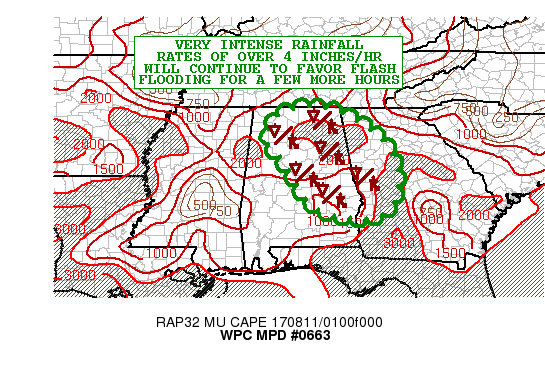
AREAS AFFECTED...CENTRAL/NORTHERN AL...WESTERN GA

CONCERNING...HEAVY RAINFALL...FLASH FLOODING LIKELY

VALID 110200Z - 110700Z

SUMMARY...VERY HEAVY RAIN FROM MERGING CLUSTERS OF SHOWERS AND
THUNDERSTORMS WILL CONTINUE OVER THE NEXT FEW HOURS. ADDITIONAL
FLASH FLOODING IS EXPECTED.

DISCUSSION...LATE-DAY VISIBLE SATELLITE IMAGERY WAS SHOWING
NUMEROUS CONVECTIVELY DRIVEN OUTFLOW BOUNDARIES THAT WERE
COLLIDING WITH EACH OTHER ACROSS CENTRAL AND NORTHERN AL ALONG
WITH PORTIONS OF WESTERN GA. THIS WAS RESULTING IN A NUMBER OF
STRONG CELL-MERGERS WHICH HAVE BEEN RESPONSIBLE FOR SOME VERY
HEAVY RAINFALL AMOUNTS THAT HAVE LOCALLY APPROACHED AND EXCEEDED 5
INCHES.

MORE RECENTLY...THE LATEST NON-OPERATIONAL GOES-16 IR DATA SHOWS
SOME ADDITIONAL STRONG COOLING OF CONVECTIVE TOPS OVER PARTS OF
NORTH-CENTRAL AND EAST-CENTRAL AL AND NOSING JUST BARELY INTO
WESTERN GA. THIS CONVECTION IS EMBEDDED WITHIN A DEEP TROPICAL
ENVIRONMENT WITH PWATS THAT ARE 2.25 TO 2.5 INCHES. THIS COUPLED
WITH THE HIGHLY CONCENTRATED NATURE OF THE MOISTURE THROUGH THE
COLUMN IS FAVORING RAINFALL RATES OF 4 INCHES/HR...AND SINCE THERE
ARE SEVERAL OVERSHOOTING TOPS AND CELL-MERGERS ONGOING...THE
RAINFALL RATES COULD EVEN BE A BIT HIGHER THAN THIS.

THE HIRES MODELS HAVE NOT BEEN DOING WELL WITH THIS CONVECTION ALL
EVENING...AND HAVE BEEN UNDER-DOING THE COVERAGE AND INTENSITY OF
CONVECTION. THE LATEST SATELLITE AND RADAR TRENDS SUPPORT A FEW
MORE HOURS OF STRONG CONVECTION...ESPECIALLY OVER AREAS OF
NORTH-CENTRAL TO EASTERN AL AND POSSIBLY STRETCHING A LITTLE MORE
INTO WESTERN GA. EXPECT ADDITIONAL RAINFALL AMOUNTS OF 3 TO 5
INCHES AT LEAST LOCALLY GIVEN THE HIGH RAINFALL RATES ENVIRONMENT
AND CONCERN OVER CELL-MERGERS. ADDITIONAL FLASH FLOODING IS LIKELY
THROUGH THE REMAINDER OF THE EVENING.